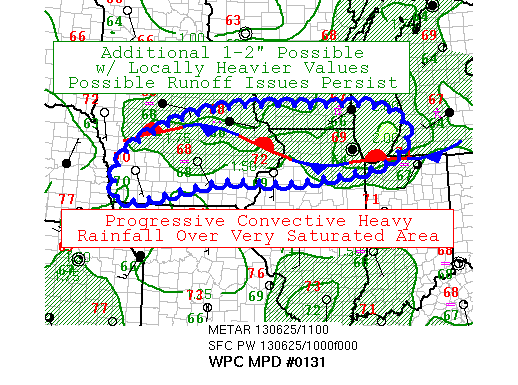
AREAS AFFECTED...IA INTO NRN IL AND EXTREME SRN WI

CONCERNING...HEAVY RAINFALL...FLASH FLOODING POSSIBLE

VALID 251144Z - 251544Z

SUMMARY...SEVERAL BANDS OF THUNDERSTORMS WILL PROPAGATE FROM WEST
TO EAST FROM IA INTO SRN WI/NRN IL AND FURTHER DOWNSTREAM OVER THE
NEXT FEW HRS. THIS COULD RESULT IN POSSIBLE FLASH FLOODING AND
MORE RUNOFF ISSUES.

DISCUSSION...THREE INDEPENDENT BANDS OF SMALL SCALE CONVECTIVE
RAINS HAVE DEVELOPED FROM ERN NE TO SRN LOWER MI AND SHOULD
CONTINUE TO PROPAGATE ALONG A WEST TO EAST QUASI-STATIONARY
BOUNDARY THIS MORNING. A MOIST AXIS OF 1.5 TO 2 INCH PWS EXISTS
NEAR THIS FRONT... WHICH SHOULD CONTINUE TO ALLOW DECENT RAIN
RATES WITHIN THE MORE DEVELOPED CELLS. 1 HRLY FFG IS GENERALLY 1.5
INCHES OR LESS AND THESE HEAVY RAIN CLUSTERS COULD PERSIST THE
FLASH FLOODING/RUNOFF ISSUES.